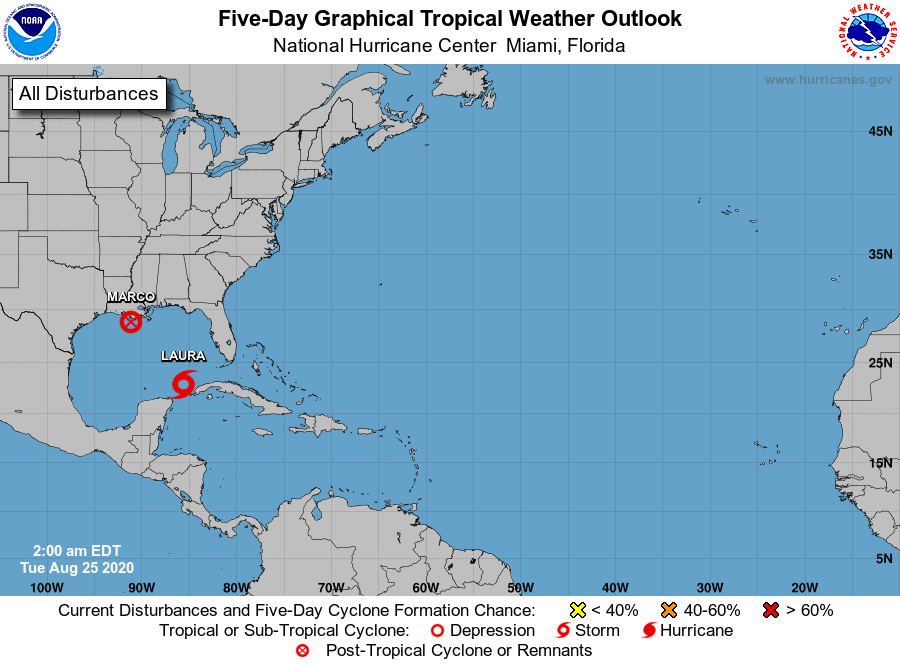
For the North Atlantic...Caribbean Sea and the Gulf of Mexico:

The National Hurricane Center is issuing advisories on Tropical Storm Laura, located over the southeastern Gulf of Mexico to the northwest of the western tip of Cuba, and on recently downgraded Tropical Depression Marco, located west of the mouth of the Mississippi River.

Tropical cyclone formation is not expected during the next 5 days.

Forecaster Stewart